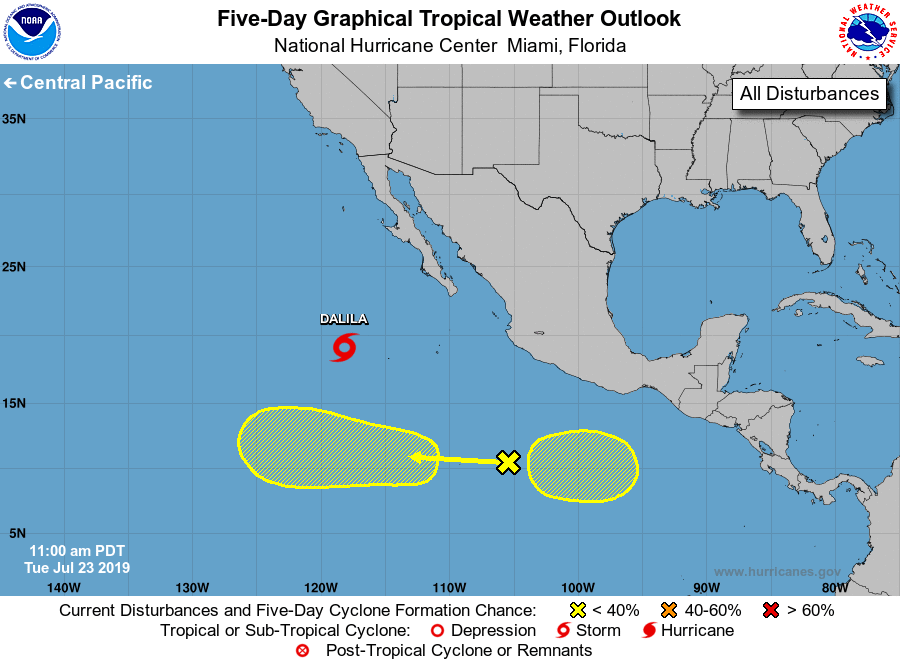
For the eastern North Pacific...east of 140 degrees west longitude:

The National Hurricane Center is issuing advisories on Tropical Storm Dalila, located several hundred miles west-southwest of the southern tip of the Baja California peninsula.

1. Disorganized showers and thunderstorms located several hundred miles southeast of the southern coast of Mexico are associated with a tropical wave. Environmental conditions could become a little more favorable for development late this week or over the weekend as the system moves westward at around 15 mph.
* Formation chance through 48 hours...low...near 0 percent.
* Formation chance through 5 days...low...20 percent.

2. An area of low pressure is expected to form late this week a few hundred miles south of the coast of southern Mexico. Conditions appear favorable for gradual development of this system over the weekend while it moves westward at 15 to 20 mph, away from the coast of Mexico.
* Formation chance through 48 hours...low...near 0 percent.
* Formation chance through 5 days...low...30 percent.

Forecaster Latto/Brown